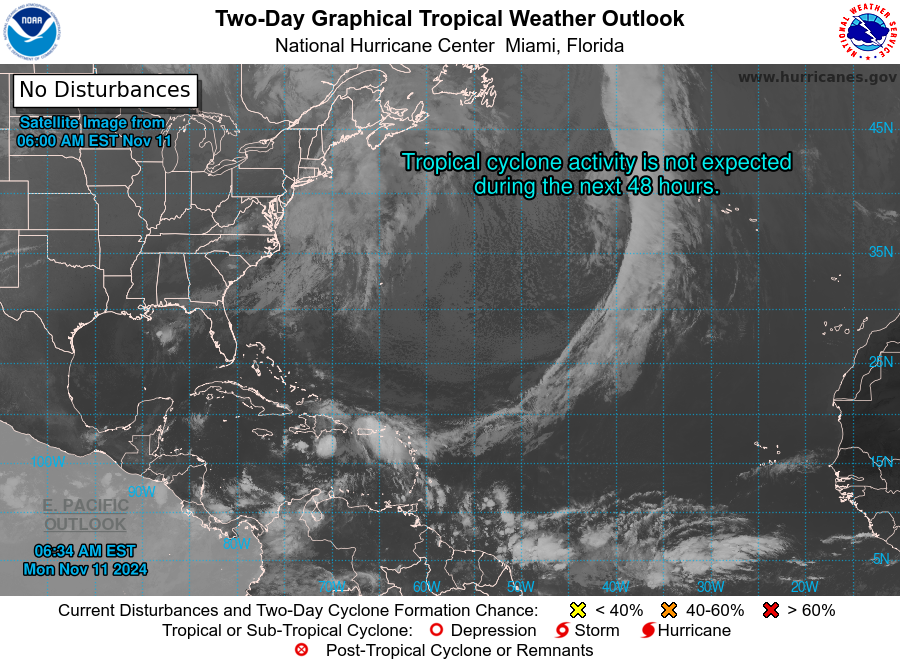
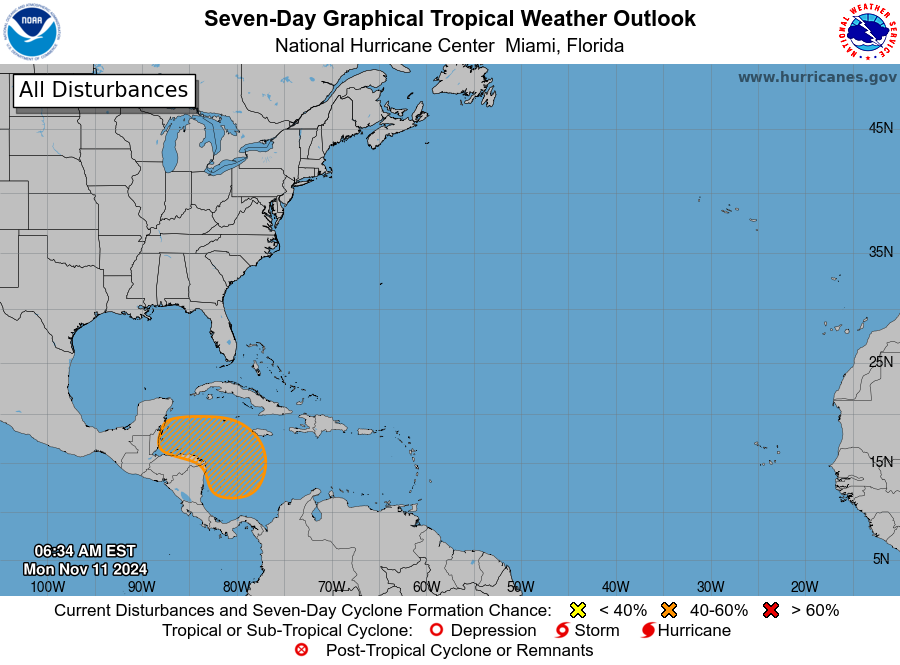
For the North Atlantic...Caribbean Sea and the Gulf of Mexico:

1. Western Caribbean Sea: A broad area of low pressure is expected to form over the western Caribbean Sea during the next couple of days. Environmental conditions appear conducive for some gradual development of this system thereafter, and a tropical depression could form late this week or this weekend while moving slowly westward.
* Formation chance through 48 hours...low...near 0 percent.
* Formation chance through 7 days...medium...40 percent.

Forecaster Reinhart